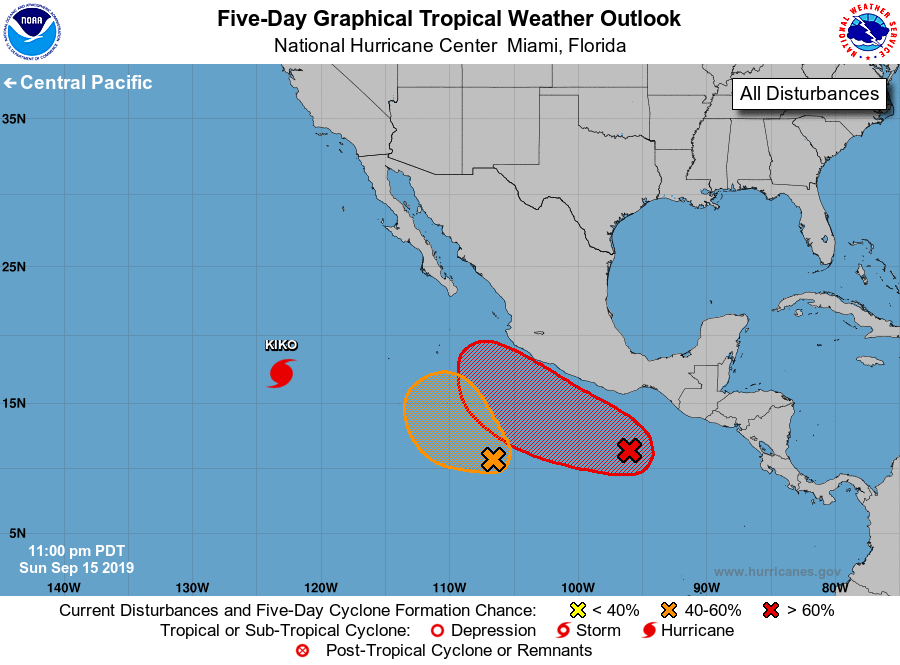
For the eastern North Pacific...east of 140 degrees west longitude:

The National Hurricane Center is issuing advisories on Hurricane Kiko, located nearly 1000 miles west-southwest of the southern tip of the Baja California peninsula.

1. Showers and thunderstorms have increased tonight in association with an area of low pressure centered several hundred miles south-southwest of Manzanillo, Mexico. Conditions are conducive for additional development, and a tropical depression could form within the next two to three days. After mid week, this system is likely to interact or merge with the disturbance to its east, and further development after that time is not anticipated.
* Formation chance through 48 hours...medium...40 percent.
* Formation chance through 5 days...medium...50 percent.

2. A large area of disorganized cloudiness and showers centered a few hundred miles south-southwest of the Gulf of Tehuantepec is associated with a tropical wave. Environmental conditions are expected to be conducive for gradual development, and a tropical depression is likely to form around the middle of the week as the system moves west-northwestward near, or parallel to, the coast of Mexico.
* Formation chance through 48 hours...medium...40 percent.
* Formation chance through 5 days...high...70 percent.

Forecaster Latto